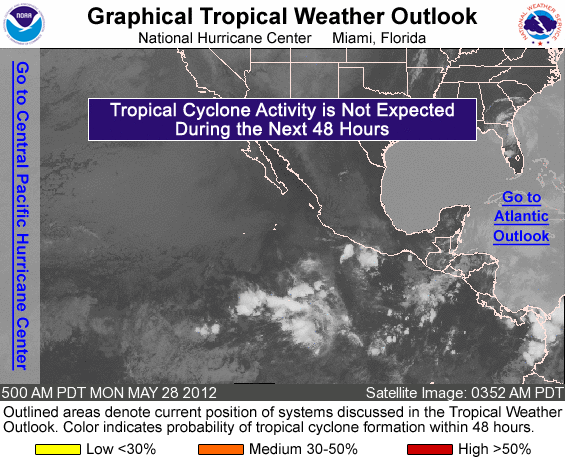
FOR THE EASTERN NORTH PACIFIC...EAST OF 140 DEGREES WEST LONGITUDE..

TROPICAL CYCLONE FORMATION IS NOT EXPECTED DURING THE NEXT 48 HOURS.

FORECASTER CANGIALOSI